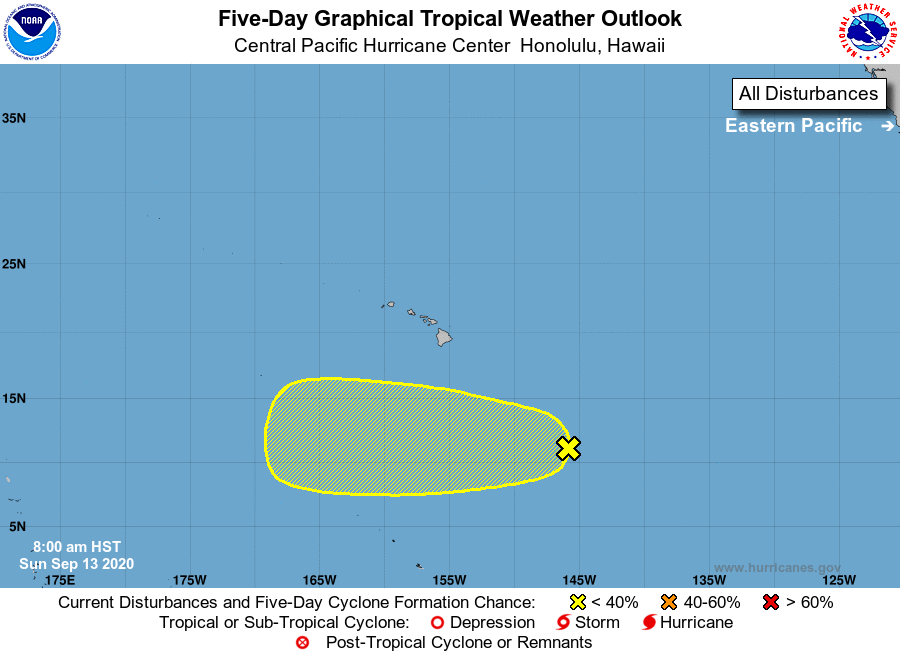
For the central North Pacific...between 140W and 180W:

1. An area of low pressure about 850 miles southeast of Hilo, Hawaii is producing disorganized showers and thunderstorms. Some gradual development of this system is possible over the next several days as it moves westward at 10 to 15 mph.
* Formation chance through 48 hours...low...near 0 percent.
* Formation chance through 5 days...low...20 percent.

Elsewhere, no tropical cyclones are expected during the next 5 days.

Forecaster Birchard